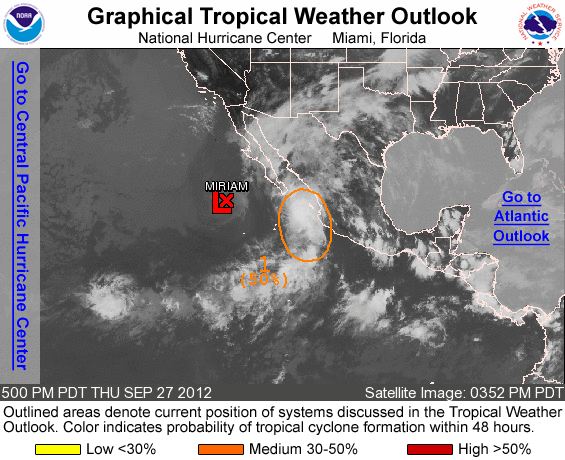
FOR THE EASTERN NORTH PACIFIC...EAST OF 140 DEGREES WEST LONGITUDE..

THE NATIONAL HURRICANE CENTER IS ISSUING ADVISORIES ON RECENTLY DOWNGRADED TROPICAL DEPRESSION MIRIAM...LOCATED ABOUT 450 MILES WEST OF THE SOUTHERN TIP OF BAJA CALIFORNIA.

1. A BROAD AREA OF LOW PRESSURE CENTERED ABOUT 175 MILES WEST-SOUTHWEST OF CABO CORRIENTES MEXICO IS PRODUCING A LARGE AREA OF SHOWERS AND THUNDERSTORMS WITHIN A FEW HUNDRED MILES OF THE COAST OF WESTERN MEXICO. ALTHOUGH A TROPICAL CYCLONE COULD STILL FORM BEFORE THE LOW REACHES THE COAST OF MEXICO IN A DAY OR TWO...ENVIRONMENTAL CONDITIONS ARE BECOMING LESS FAVORABLE FOR DEVELOPMENT. THIS SYSTEM HAS A MEDIUM CHANCE...50 PERCENT...OF BECOMING A TROPICAL CYCLONE DURING THE NEXT 48 HOURS AS IT MOVES NORTHWARD AT 10 TO 15 MPH. LOCALLY HEAVY RAINS AND GUSTY WINDS ARE POSSIBLE ALONG PORTIONS OF THE WEST COAST OF MEXICO AND THE SOUTHERN BAJA PENINSULA DURING THE NEXT COUPLE OF DAYS.

ELSEWHERE...TROPICAL CYCLONE FORMATION IS NOT EXPECTED DURING THE NEXT 48 HOURS.

FORECASTER BERG